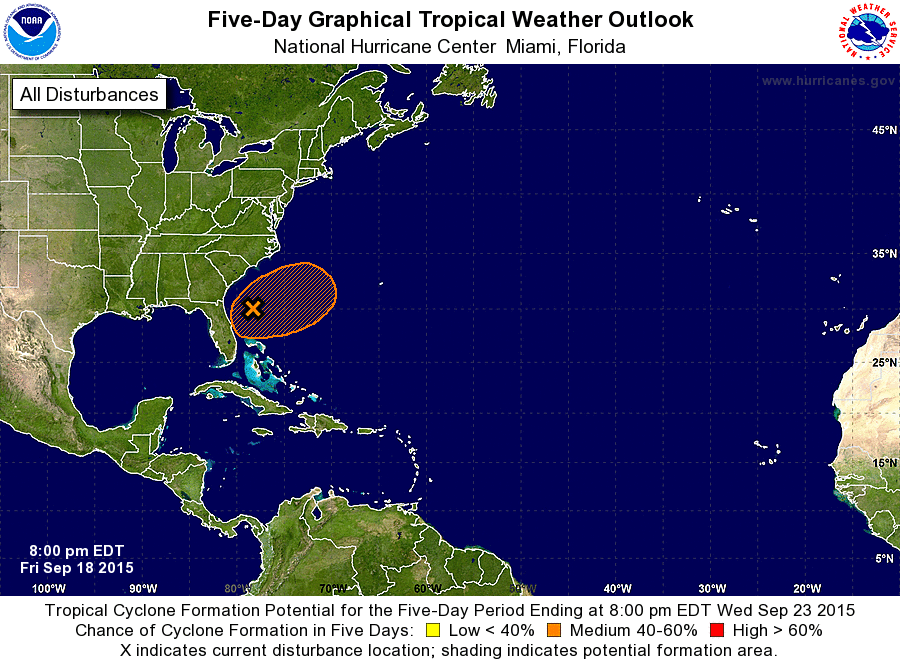
For the North Atlantic...Caribbean Sea and the Gulf of Mexico:

The National Hurricane Center is issuing advisories on Tropical Depression Nine, located a little more than 900 miles east-northeast of the Lesser Antilles, and on Tropical Depression Ten, located about a thousand miles west-southwest of the Cape Verde Islands.

1. A broad area of low pressure located about 200 miles east of the northeast Florida coast is producing a large area of cloudiness and showers mostly over the Atlantic waters. Environmental conditions are expected to be somewhat conducive for this low to acquire subtropical or tropical characteristics during the next few days while it moves slowly northeastward off the southeast coast of the United States. An Air Force Reserve Hurricane Hunter aircraft is scheduled to investigate this system tomorrow, if necessary. Regardless of development, locally heavy rains are still possible over portions of the Florida Peninsula and coastal areas of Georgia and South Carolina. For more information on this system, see High Seas Forecasts and products issued by your local National Weather Service office.
* Formation chance through 48 hours...low...20 percent
* Formation chance through 5 days...medium...40 percent

Public Advisories on Tropical Depression Ten are issued under WMO header WTNT35 KNHC and under AWIPS header MIATCPAT5. Forecast/Advisories on Tropical Depression Ten are issued under WMO header WTNT25 KNHC and under AWIPS header MIATCMAT5.

High Seas Forecasts issued by the National Weather Service are available under AWIPS header NFDHSFAT1, WMO header FZNT01 KWBC, and on the Web at http://www.opc.ncep.noaa.gov/shtml/NFDHSFAT1.shtml.

Forecaster Avila